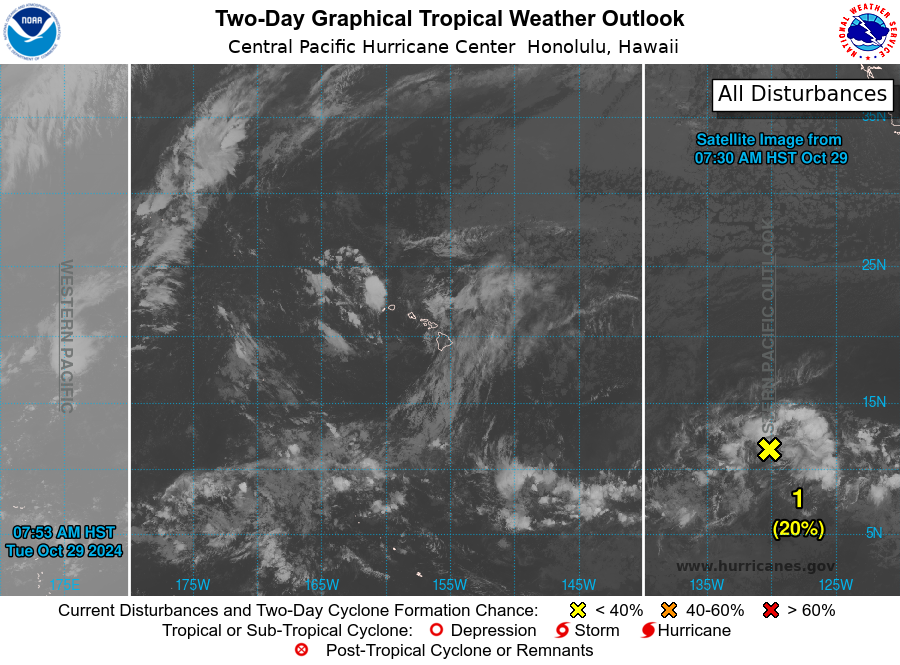
For the central North Pacific...between 140W and 180W:

1. About 1750 miles east-southeast of Hilo, Hawaii (EP91) A broad area of low pressure is producing disorganized shower activity. While there has been little change in this system over the past day or so, a tropical depression could still form in a few days while the system moves generally westward at about 15 mph. This system is expected to cross into the Central Pacific Basin by the end of the week.
* Formation chance through 48 hours...low...20 percent.
* Formation chance through 7 days...medium...40 percent.

Elsewhere, no tropical cyclones are expected during the next 7 days.

Forecaster Almanza